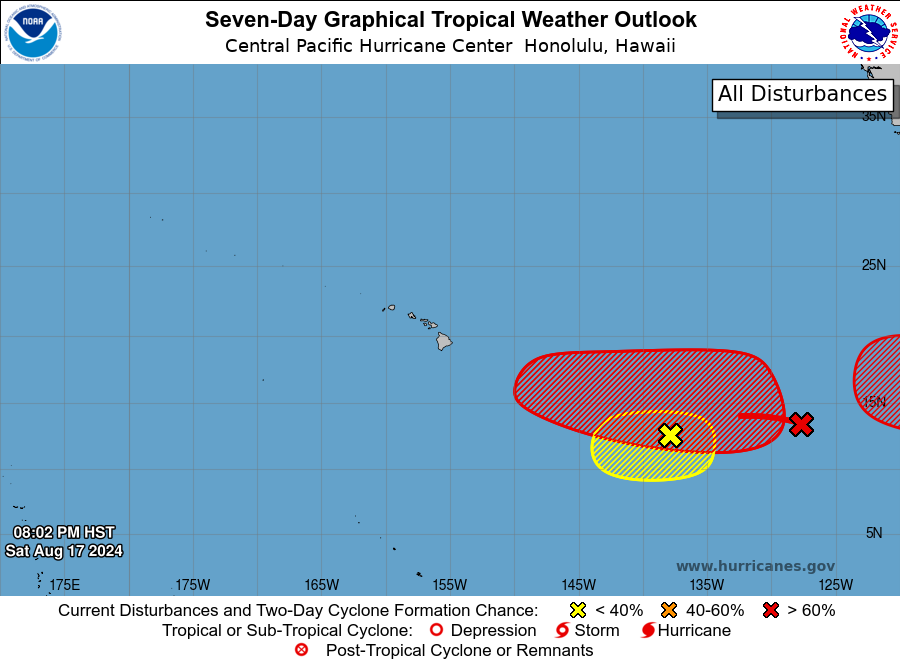
For the central North Pacific...between 140W and 180W:

1. Approximately 1700 miles east-southeast of Hilo, Hawaii: Disorganized showers and thunderstorms are associated with a broad trough of low pressure located well west-southwest of the southern tip of the Baja California peninsula. While this system may interact with another disturbance to its west-southwest over the next several days, some gradual development is forecast assuming it becomes the dominant disturbance. A tropical depression is likely to form during the middle part of next week while the system moves westward to west-northwestward over the western portion of the basin and into the Central Pacific basin by the end of the week.
* Formation chance through 48 hours...low...10 percent.
* Formation chance through 7 days...high...70 percent.

2. Approximately 1200 miles southeast of Hilo, Hawaii: A small area of low pressure located well southeast of the Hawaiian Islands is associated with some disorganized showers and thunderstorms. Some development of this system is possible early next week while it moves slowly over the western portion of the East Pacific or in the Central Pacific basin. By the middle of next week, this disturbance could merge with an area of low pressure developing to its east.
* Formation chance through 48 hours...low...20 percent.
* Formation chance through 7 days...low...20 percent.

Elsewhere, no tropical cyclones are expected during the next 7 days.

Forecaster Gibbs